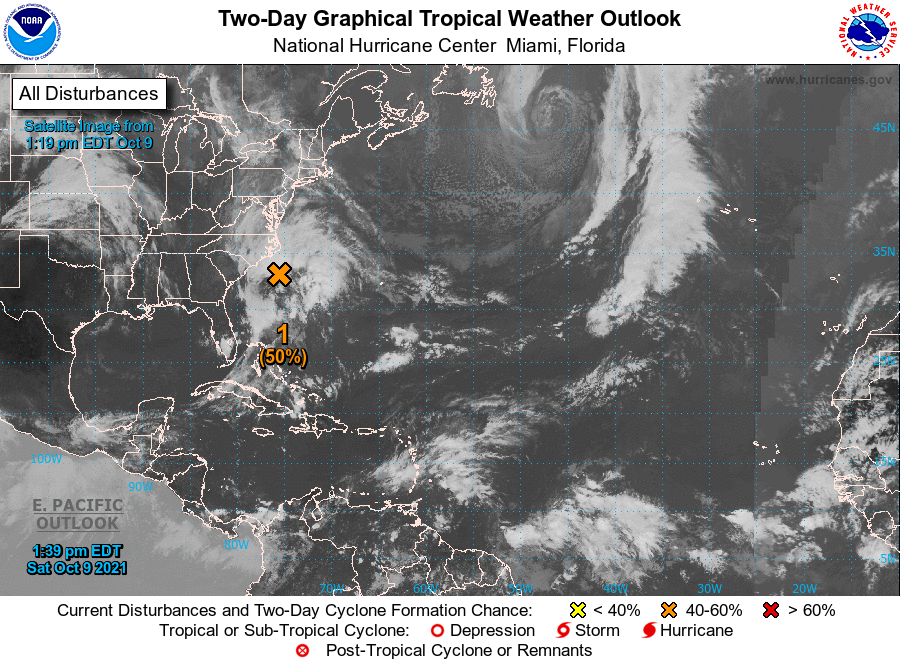
For the North Atlantic...Caribbean Sea and the Gulf of Mexico:

1. Satellite-derived wind data and surface observations indicate that a large, non-tropical low pressure system located about 150 miles southeast of Morehead City and Wilmington, North Carolina, is producing a broad area of gale-force winds to the west and north of the center. Associated shower and thunderstorm activity has been gradually increasing and becoming better organized today, and the low to acquire subtropical characteristics late this afternoon through early Sunday. However, by late Sunday and Monday, environmental conditions should become unfavorable for any further development. The low is forecast to move slowly northwestward during the next day or so, and approach the North Carolina coast tonight and early Sunday. Therefore, interests along the North Carolina coast should monitor the progress of this system. See local National Weather Service office products for more information.

Regardless of development, intermittent periods of locally heavy rains and gusty winds will affect southeastern and eastern portions of North Carolina during the next day or two. An Air Force Reserve reconnaissance aircraft is currently investigating the gale area. Additional information on this low pressure system, including gale warnings, can be found in High Seas Forecasts issued by the National Weather Service.
* Formation chance through 48 hours...medium...50 percent.
* Formation chance through 5 days...medium...50 percent.

High Seas Forecasts issued by the National Weather Service can be found under AWIPS header NFDHSFAT1, WMO header FZNT01 KWBC, and online at ocean.weather.gov/shtml/NFDHSFAT1.php

Forecaster Stewart